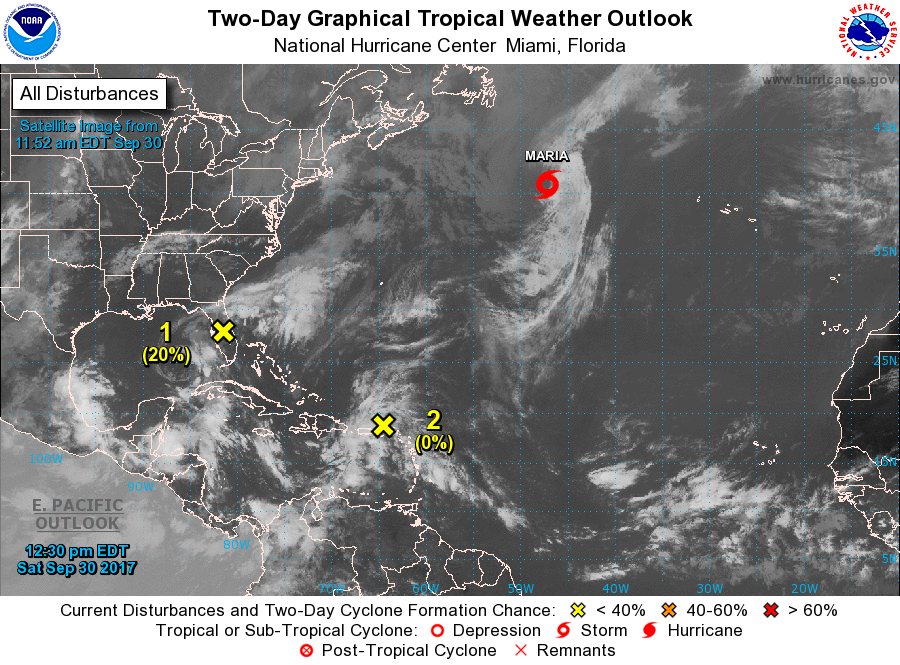
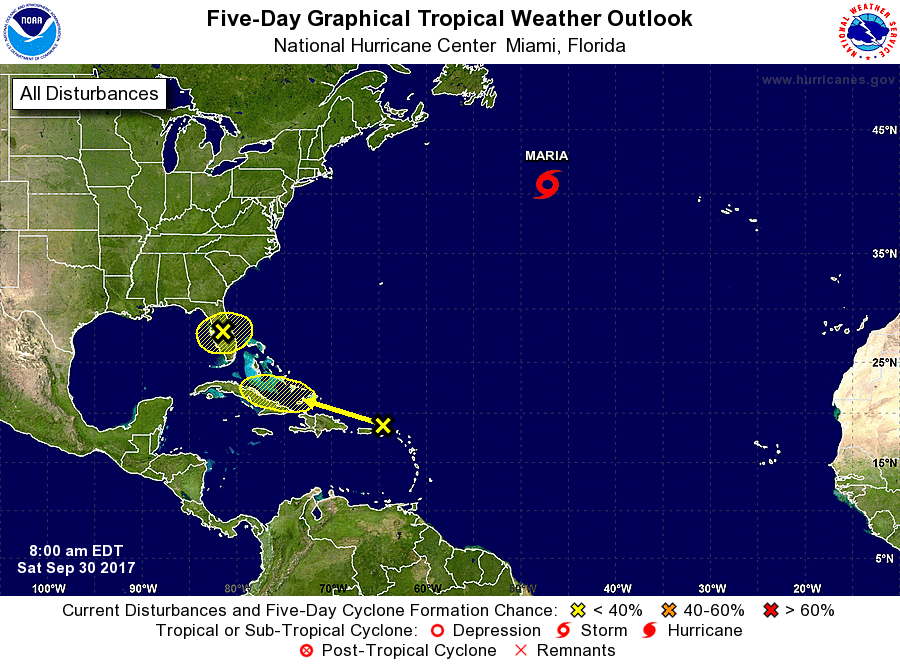
For the North Atlantic...Caribbean Sea and the Gulf of Mexico:

The National Hurricane Center is issuing advisories on Tropical Storm Maria, located several hundred miles south-southeast of Cape Race, Newfoundland, and has issued the last advisory on Post- Tropical Cyclone Lee, located almost 800 miles north-northwest of the Azores.

1. The combination of a broad trough of low pressure over Florida and an upper-level low over the Gulf of Mexico is producing disorganized cloudiness and showers that extend from the northwestern Caribbean Sea northward across much of the Florida peninsula and the adjacent waters. Environmental conditions have become less conducive for development and the chance of tropical cyclone formation has decreased. Nevertheless, locally heavy rainfall will likely continue over portions of western Cuba, the Florida Keys, and the Florida peninsula during the next several days while the system moves slowly northward and then westward near northern Florida and the northeastern Gulf of Mexico.
* Formation chance through 48 hours...low...20 percent.
* Formation chance through 5 days...low...20 percent.

2. A tropical wave interacting with an upper-level low is producing a large but disorganized area of cloudiness and showers extending from the eastern Caribbean Sea northeastward across the Lesser Antilles to the nearby Atlantic waters. Environmental conditions have become unfavorable for development and tropical cyclone formation is not anticipated. This system is forecast to move west-northwestward to westward at 10 to 15 mph during the next few days bringing locally heavy rainfall over portions of the northern Leeward Islands and the Greater Antilles during the next several days. A Flash Flood Watch in effect for Puerto Rico and the U.S. Virgin Islands through late Sunday night.
* Formation chance through 48 hours...low...near 0 percent.
* Formation chance through 5 days...low...near 0 percent.

Forecaster Avila